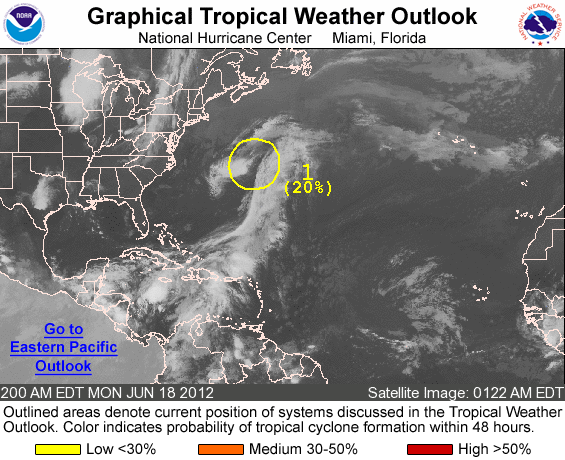
FOR THE NORTH ATLANTIC...CARIBBEAN SEA AND THE GULF OF MEXICO...

1. A WELL-DEFINED NON-TROPICAL SURFACE LOW PRESSURE SYSTEM LOCATED ABOUT 200 MILES NORTHEAST OF BERMUDA IS PRODUCING SCATTERED SHOWERS AND A FEW THUNDERSTORMS NEAR AND TO THE WEST OF THE CENTER AS IT INTERACTS WITH A MID- TO UPPER-LEVEL LOW. THIS DEVELOPING GALE-AREA COULD GRADUALLY ACQUIRE SUBTROPICAL CHARACTERISTICS AS IT MOVES NORTH-NORTHEASTWARD AT 10 TO 15 MPH OVER THE NEXT COUPLE OF DAYS. THIS SYSTEM HAS A LOW CHANCE...20 PERCENT...OF BECOMING A SUBTROPICAL OR TROPICAL CYCLONE DURING THE NEXT 48 HOURS.

FOR ADDITIONAL INFORMATION ON THIS SYSTEM...PLEASE SEE HIGH SEAS FORECASTS ISSUED BY THE NATIONAL WEATHER SERVICE OCEAN PREDICTION CENTER.

ELSEWHERE...TROPICAL CYCLONE FORMATION IS NOT EXPECTED DURING THE NEXT 48 HOURS.

&&
HIGH SEAS FORECASTS ISSUED BY THE NATIONAL WEATHER SERVICE CAN BE FOUND UNDER AWIPS HEADER NFDHSFAT1 AND WMO HEADER FZNT01 KWBC.

FORECASTER STEWART